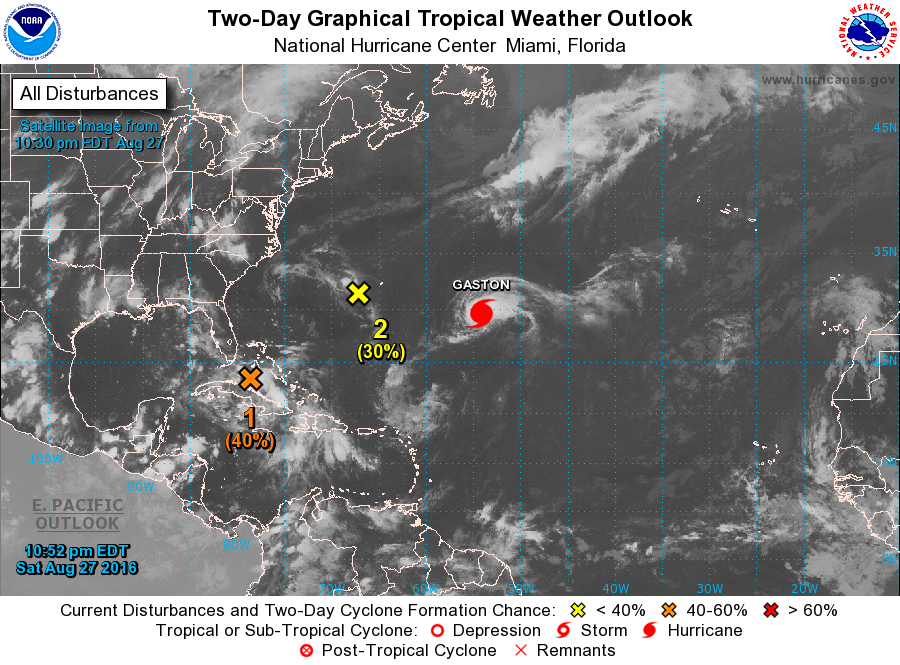
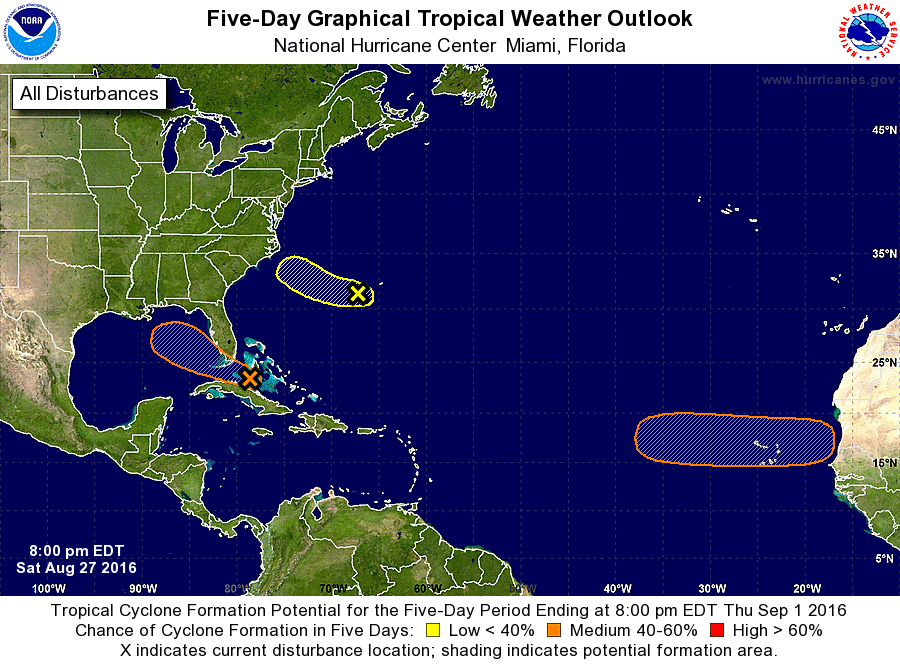
For the North Atlantic...Caribbean Sea and the Gulf of Mexico:

The National Hurricane Center is issuing advisories on Tropical Storm Gaston, located about several hundred miles east-southeast of Bermuda.

1. An area of low pressure centered near the north coast of Central Cuba is a little better defined this afternoon, and is producing a large but disorganized area of showers and thunderstorms. Any development of this system is expected to be slow to occur while it interacts with the terrain of Cuba through Sunday. Environmental conditions are forecast to become a little more conducive when the low moves into the southeastern Gulf of Mexico on Monday. Reports from the Cuban Meteorological Service indicate that 3 to 5 inches of rain have fallen in portions of the island this afternoon. These rains are likely to continue primarily over portions of eastern and central Cuba tonight and Sunday. Gusty winds and locally heavy rainfall are probably occurring over portions of the Bahamas, and this activity will spread into parts of southern Florida and the Florida Keys by Sunday. Interests elsewhere in Florida and the eastern Gulf of Mexico should continue to monitor the progress of this disturbance. A NOAA Hurricane Hunter aircraft is scheduled to investigate this system on Sunday.
* Formation chance through 48 hours...medium...40 percent
* Formation chance through 5 days...medium...50 percent

2. The broad area of low pressure located about 150 miles southwest of Bermuda has become elongated and the associated shower activity remains poorly organized. Development of this system, if any, is likely to be slow to occur due to the proximity of dry air during the next couple of days. This low is forecast to move westward and then west-northwestward at about 10 mph toward the coast of North Carolina where conditions are not favorable for development. For additional information on this system, see High Seas Forecasts issued by the National Weather Service.
* Formation chance through 48 hours...low...30 percent
* Formation chance through 5 days...low...30 percent

3. A tropical wave is expected to move offshore of the west coast of Africa on Tuesday. Conditions appear favorable for development of this system later next week while it moves westward at 15 to 20 mph over the tropical eastern Atlantic.
* Formation chance through 48 hours...low...near 0 percent
* Formation chance through 5 days...medium...40 percent

High Seas Forecasts issued by the National Weather Service can be found under AWIPS header NFDHSFAT1, WMO header FZNT01 KWBC, and on the Web at http://www.opc.ncep.noaa.gov/shtml/NFDHSFAT1.shtml.

Forecaster Avila